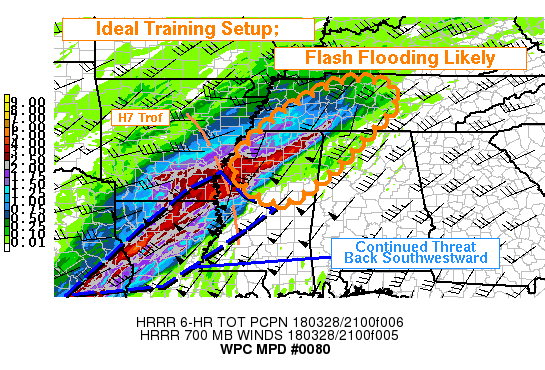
AREAS AFFECTED...NRN MS...NRN AL...SRN TN...CENTRAL TN

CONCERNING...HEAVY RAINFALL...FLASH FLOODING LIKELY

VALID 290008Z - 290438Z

SUMMARY...A FOCUSED HEAVY RAIN EVENT WAS CONGEALING OVER NORTHERN
MISSISSIPPI AND SOUTHERN TENNESSEE. THIS MAY EXPAND NORTH AND
EASTWARD. FLASH FLOOD GUIDANCE OF 2 INCHES IN 3 HOURS WILL LIKELY
BE EXCEEDED IN SOME LOCATIONS...AND ISOLATED FLASH FLOODING IS
LIKELY.

DISCUSSION...APPROACHING 00Z AN MCS HAD MATURED OVER NORTHERN
LOUSIANA INTO WESTERN MISSISSIPPI...WITH A BOWING SEGMENT HEADING
NORTHEAST. AHEAD OF THE BOW...CONVECTION WAS FORMING AND MERGING
RAPIDLY ALONG WHAT IS ESSENTIALLY A 700 MB FRONTAL ZONE TO THE
REAR OF A STRENGTHENING UPPER JET EXPECTED TO REACH 150 KNOTS OVER
THE MIDWEST STATES BY 06Z. THE EVENT WAS ALSO FOCUSED BY A WELL
TIMED 700-500 MB SHORTWAVE IN THE SOUTHERN STREAM JUST UPSTREAM OF
THE ONGOING MCS IN MISSISSIPPI.

THE SETUP...WITH 0-6 KM MEAN WIND NEARLY IDENTICAL TO CORFIDI
VECTORS FOR DOWNWIND PROPAGATION...WAS JUST ABOUT IDEAL FOR
TRAINING CELLS THROUGH 0430Z AHEAD OF THE BOW STRUCTURE...FROM
NORTHERN MS TO SOUTHERN AND CENTRAL TN. THE HRRR HAD LATCHED ONTO
THIS DEVELOPMENT...AND FOR SEVERAL RUNS HAD INDICATED A SWATH OF 2
TO 4 INCHES OF RAIN OCCURRING THROUGH LATE EVENING IN THIS AREA.
MEMPHIS...KNQA...88D RADAR WAS OUT OF SERVICE...BUT DATA FROM KGWX
AT LONGER RANGE HAD BEGUN TO INDICATE RAIN RATES ABOVE 1"/HR. THE
CELL MERGERS WILL LIKELY LEAD TO EVEN MORE EFFICIENT RATES. OTHER
BOUTS OF TRAINING CONVECTION MAY SET UP FARTHER EAST OVER
TIME...AND ALTHOUGH THIS REGION HAD BEEN RELATIVELY DRY IN RECENT
DAYS...IT APPEARS LIKELY THE 2"/3 HOUR FFG VALUES WILL BE EXCEEDED
IN SOME SPOTS...AND SHOULD LEAD TO AT LEAST ISOLATED FLASH
FLOODING.